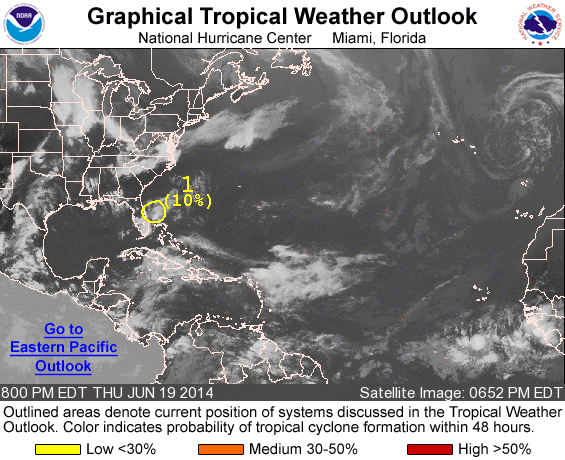
For the North Atlantic...Caribbean Sea and the Gulf of Mexico:

1. A weak low pressure area located about 75 miles east of the east-central coast of Florida is producing disorganized showers and thunderstorms. Significant development of this system is not expected while it drifts slowly northward during the next day or so. After that time, conditions should remain unfavorable for development while the disturbance accelerates northeastward.
* Formation chance through 48 hours...low...near 10 percent.
* Formation chance through 5 days...low...near 10 percent.

Forecaster Pasch